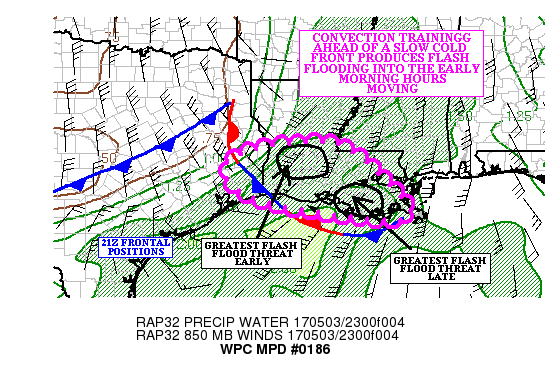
AREAS AFFECTED...FAR SOUTHEAST AND SOUTHERN LA

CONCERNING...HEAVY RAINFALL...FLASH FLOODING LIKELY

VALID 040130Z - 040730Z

SUMMARY...CONVECTION TRAINING AHEAD OF A COLD FRONT IN A HIGH
MOISTURE ENVIRONMENT IS EXPECTED TO PRODUCE FLASH FLOODING AS THE
FRONT CROSSES SOUTHERN LA INTO THE EARLY MORNING HOURS.

DISCUSSION...EXPERIMENTAL GOES-16 IR IMAGERY SHOWED A BLOSSOMING
AREA OF COOLING CLOUD TOPS WITH CONVECTION EXTENDING FROM CENTRAL
LA INTO FAR EASTERN TX. THE CONVECTION WAS
DEVELOPING/STRENGTHENING IN AN AXIS OF 1500-2500 J/KG OF SBCAPE
(PER THE 00Z LCH SOUNDING) POKING NORTHEAST FROM CENTRAL TX INTO
FAR SOUTHWEST LA. REGIONAL VWP ACROSS SOUTHEAST TX AND SOUTHWEST
LA SHOWED A 35 TO 45 KNOT LOW LEVEL SOUTHWEST FLOW...WHICH
CONTINUES TO TRANSPORTS 1.75/2.00 INCH PRECIPITABLE WATER AIR
(WITH 1.94 INCH PWAT VALUES ON THE 00Z LCH SOUNDING) AHEAD OF THE
COLD FRONT TRACKING SLOWLY SOUTHEAST ACROSS EAST TX AND FAR
NORTHWEST LA.

THE 00Z LCH SOUNDING SHOWED A MOIST COLUMN THROUGH 700
MB...SUGGESTING THAT THE HAIL THREAT LAS LESSENED ACROSS SOUTHERN
LA. THE KPOE RADAR SHOWED HOURLY RAINFALL RATES NEAR 1.75
INCHES...AND BASED ON MESONET REPORTS...THIS MAY BE JUST A BIT ON
THE HIGH SIDE. THE REGIONAL VWP SHOWED STRONG VEERING IN THE LOW
LEVELS...SUGGESTING THAT THE CONVECTION AHEAD OF THE FRONT WILL
CONTINUE TO ORGANIZE AS IT MOVES SLOWLY SOUTHEAST.

THROUGH ABOUT 06Z...THE 300 MB FLOW BECOMES INCREASINGLY DIFFLUENT
AHEAD OF LONG WAVE TROUGH CROSSING THE SOUTHERN PLAINS SHOULD ALSO
ALLOW CONVECTION TO DEEPEN. EARLY IN THE PERIOD...THE MID LEVEL
FLOW BECOMES BETTER ALIGNED WITH THE CONVECTION... PROMOTING
TRAINING ACROSS PORTIONS OF SOUTHWEST LA. AFTER THE SHORT WAVE
APPROACHES...THE CONVECTION SHOULD BEGIN TO ACCELERATE TO THE
SOUTHEAST...REACHING SOUTHEAST LA BY THE END 0730Z OR SO.

THE TRAINING SHOULD RESULT IN AREAS OF 2.00 TO 4.00 INCHES OF
RAINFALL ALONG AND AHEAD OF THE SLOW MOVING FRONT (WITH THE 00Z
HRRR INDICATING THE POTENTIAL FOR LOCAL 6.00 INCH AMOUNTS ACROSS
SOUTH CENTRAL LA). GIVEN THE RAINFALL RATES OCCURRING WITH THE
CONVECTION...THESE VALUES SEEM PLAUSIBLE. THE MOST RECENT HRRR
SOIL SATURATION PRODUCE SHOWED A LARGE AREA OF GREATER THAN 95
PERCENT SATURATION STRETCHING FROM FAR EASTERN TX INTO SOUTHWEST
MS. THE ADDITIONAL RAINFALL AMOUNTS OVER SATURATED SOILS COULD
RESULT IN LOCALLY LIFE THREATENING FLOODING.

THE THREAT FOR FLASH FLOODING MAY PERSIST PAST 0730Z...SO
ADDITIONAL MPD MESSAGES COULD BE REQUIRED.